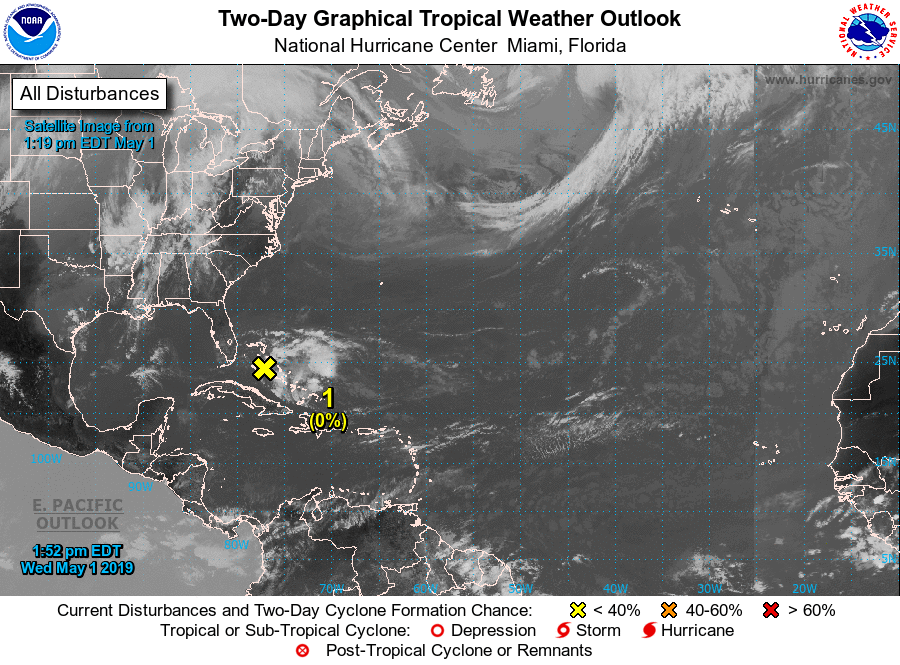
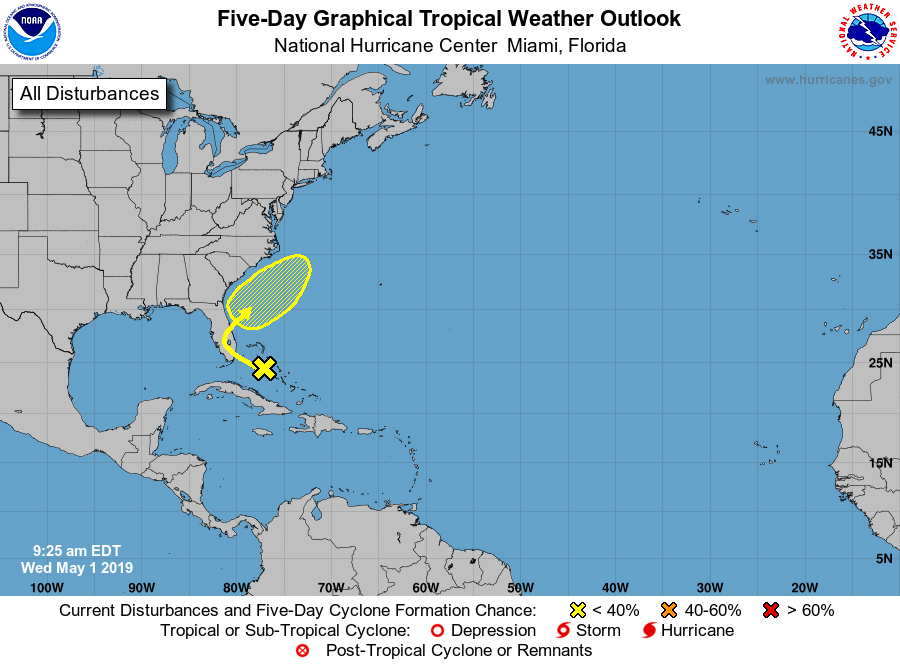
For the North Atlantic...Caribbean Sea and the Gulf of Mexico:

1. A trough of low pressure located over the northwestern Bahamas is producing disorganized shower and thunderstorm activity. Little development is expected during the next couple of days as the system moves generally northwestward toward the Florida Peninsula. Subsequently, some slow development is possible as the disturbance turns northeastward and moves over the western Atlantic. Regardless of development, locally heavy rains are possible over portions of the Bahamas and the Florida Peninsula during the next couple of days. The next Special Tropical Weather Outlook will be issued by 10 AM EDT Thursday, or sooner if conditions warrant.
* Formation chance through 48 hours...low...near 0 percent.
* Formation chance through 5 days...low...20 percent.

Forecaster Beven